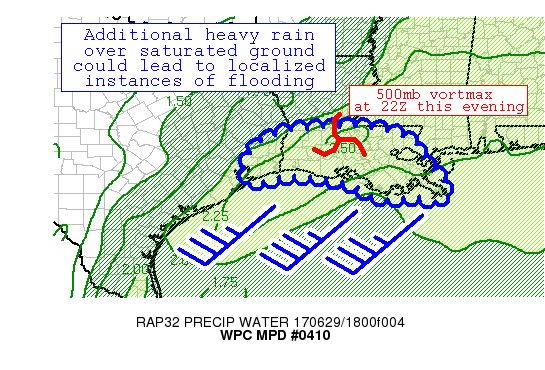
AREAS AFFECTED...SOUTHEAST TEXAS AND SOUTHERN LOUISIANA

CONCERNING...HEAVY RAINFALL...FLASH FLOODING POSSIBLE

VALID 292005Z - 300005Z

SUMMARY...ADDITIONAL ROUNDS OF HEAVY THUNDERSTORMS OVER SATURATED
GROUNDS COULD LEAD TO LOCALIZED FLASH FLOODING ISSUES.  HOURLY
RAINFALL RATES OF 2 INCHES PER HOUR OR MORE ARE POSSIBLE WITH THE
STRONGEST CONVECTION.

DISCUSSION...THE LATEST DOPPLER RADAR INDICATES NUMEROUS
THUNDERSTORMS ONGOING ACROSS EXTREME SOUTHEAST TEXAS AND INTO THE
SOUTHERN HALF OF LOUISIANA THIS AFTERNOON.  THIS IS IN CONJUNCTION
WITH A WEAK 500MB VORTMAX OVER LOUISIANA THAT IS ADVECTING DEEP
MOISTURE NORTHWARD FROM THE GULF OF MEXICO.  PWS ARE ANOMALOUSLY
HIGH WITH VALUES INTO THE 2.25 TO 2.5 RANGE PER THE SPC ANALYSIS
AND RAP MODEL, AND THIS IS CONFIRMED BY THE 12Z LIX SOUNDING.
850MB SOUTHWESTERLY INFLOW ON THE ORDER OF 30 TO 40 KNOTS IS
ADVECTING MLCAPE OF ROUGHLY 1500 TO 2000 J/KG INTO THIS REGION,
ALLOWING FOR ADDITIONAL ROUNDS OF CONVECTION TO DEVELOP.

RECENT HIGH RES GUIDANCE IS INDICATING THE POTENTIAL FOR 1 TO 3
INCHES OF RAINFALL FOR PARTS OF THIS REGION, WITH SOME ISOLATED 4
INCH AMOUNTS POSSIBLE.  THIS IS SUPPORTED BY BOTH THE HRRR AND ITS
EXPERIMENTAL VERSION.  THE GREATEST CONCERNS FOR FLASH FLOODING
WOULD BE OVER THOSE AREAS THAT HAVE RECEIVED EXCESSIVE RAINFALL
OVER THE PAST 24 HOURS.  MODEL DATA SUGGEST THAT THIS CONVECTION
WILL WANE AFTER 00Z WITH THE LOSS OF DAYTIME HEATING.